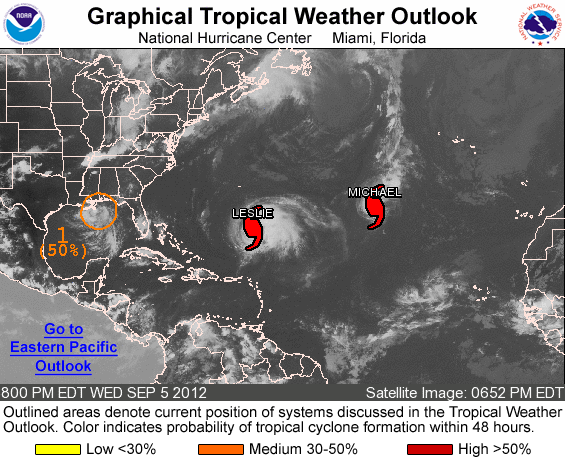
FOR THE NORTH ATLANTIC...CARIBBEAN SEA AND THE GULF OF MEXICO...

THE NATIONAL HURRICANE CENTER IS ISSUING ADVISORIES ON HURRICANE LESLIE...LOCATED ABOUT 460 MILES SOUTH-SOUTHEAST OF BERMUDA...AND ON TROPICAL STORM MICHAEL...LOCATED ABOUT 1105 MILES WEST-SOUTHWEST OF THE AZORES.

1. A LOW PRESSURE SYSTEM LOCATED NEAR THE ALABAMA COAST CONTINUES TO PRODUCE SHOWERS AND THUNDERSTORMS MAINLY TO THE SOUTH AND SOUTHWEST OF THE CENTER OF CIRCULATION. UPPER-LEVEL WINDS ARE EXPECTED TO BE MARGINALLY CONDUCIVE FOR DEVELOPMENT OF THIS DISTURBANCE OVER THE NEXT COUPLE OF DAYS AS IT MOVES SLOWLY SOUTH-SOUTHWESTWARD. THIS SYSTEM HAS A MEDIUM CHANCE...50 PERCENT...OF BECOMING A TROPICAL CYCLONE DURING THE NEXT 48 HOURS. AN AIR FORCE RESERVE RECONNAISSANCE AIRCRAFT IS SCHEDULED TO INVESTIGATE THE SYSTEM THURSDAY AFTERNOON...IF NECESSARY.

ELSEWHERE...TROPICAL CYCLONE FORMATION IS NOT EXPECTED DURING THE NEXT 48 HOURS.

FORECASTER BERG